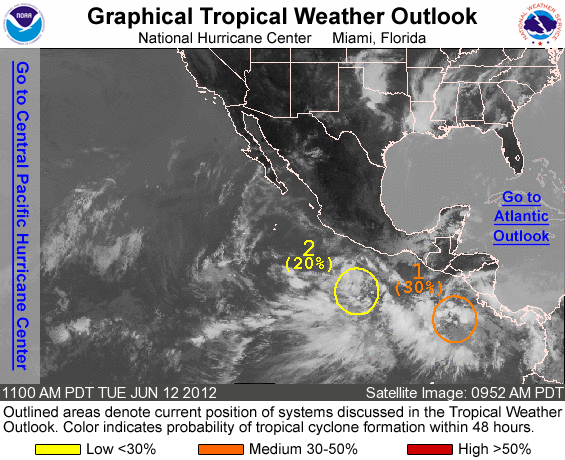
FOR THE EASTERN NORTH PACIFIC...EAST OF 140 DEGREES WEST LONGITUDE..

1. SHOWERS AND THUNDERSTORMS ASSOCIATED WITH AN AREA OF DISTURBED WEATHER LOCATED A COUPLE OF HUNDRED MILES WEST-SOUTHWEST OF THE COAST OF COSTA RICA ARE SHOWING SOME SIGNS OF ORGANIZATION. GRADUAL DEVELOPMENT OF THIS SYSTEM IS POSSIBLE DURING THE NEXT DAY OR TWO AS IT MOVES WEST-NORTHWESTWARD AT 5 TO 10 MPH. THIS SYSTEM HAS A MEDIUM CHANCE...30 PERCENT...OF BECOMING A TROPICAL CYCLONE DURING THE NEXT 48 HOURS.

2. SHOWER ACTIVITY HAS INCREASED IN ASSOCIATION WITH A BROAD SURFACE LOW ABOUT 400 MILES SOUTH-SOUTHWEST OF ACAPULCO MEXICO. ENVIRONMENTAL CONDITIONS APPEAR FAVORABLE FOR SOME SLOW DEVELOPMENT OF THIS SYSTEM DURING THE NEXT COUPLE OF DAYS. THIS SYSTEM HAS A LOW CHANCE...20 PERCENT...OF BECOMING A TROPICAL CYCLONE DURING THE NEXT 48 HOURS.

FORECASTER KIMBERLAIN